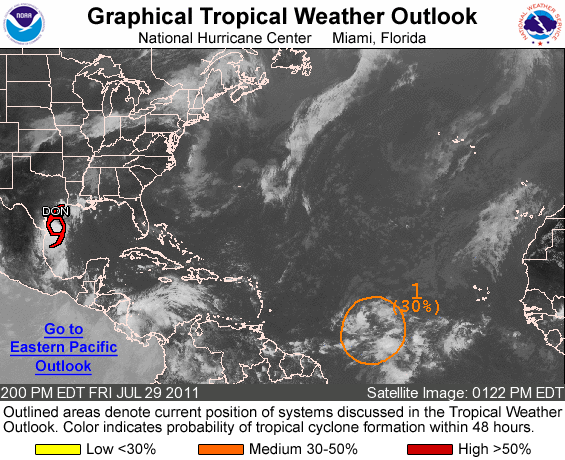
FOR THE NORTH ATLANTIC...CARIBBEAN SEA AND THE GULF OF MEXICO...

THE NATIONAL HURRICANE CENTER IS ISSUING ADVISORIES ON TROPICAL STORM DON LOCATED ABOUT 120 MILES EAST-NORTHEAST OF BROWNSVILLE TEXAS.

1. A LARGE TROPICAL WAVE ACCOMPANIED BY A WELL-DEFINED LOW PRESSURE SYSTEM IS LOCATED ABOUT 1150 MILES EAST-SOUTHEAST OF THE LESSER ANTILLES. THIS DISTURBANCE CONTINUES TO SHOW SIGNS OF ORGANIZATION...AND ENVIRONMENTAL CONDITIONS ARE CONDUCIVE FOR GRADUAL DEVELOPMENT OVER THE NEXT FEW DAYS. THIS SYSTEM HAS A MEDIUM CHANCE...30 PERCENT...OF BECOMING A TROPICAL CYCLONE DURING THE NEXT 48 HOURS AS IT MOVES WESTWARD OR WEST-NORTHWESTWARD AT 15 TO 20 MPH.

ELSEWHERE...TROPICAL CYCLONE FORMATION IS NOT EXPECTED DURING THE NEXT 48 HOURS.

FORECASTER BEVEN